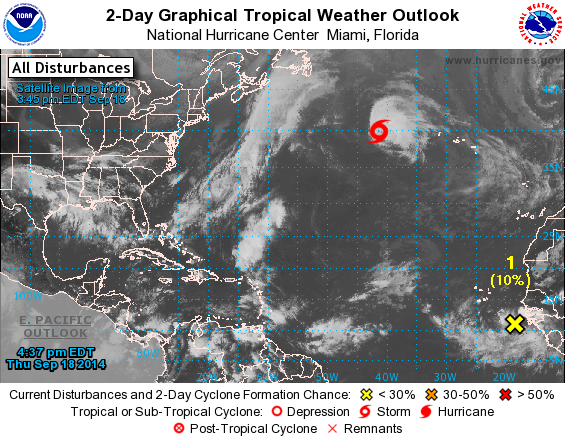
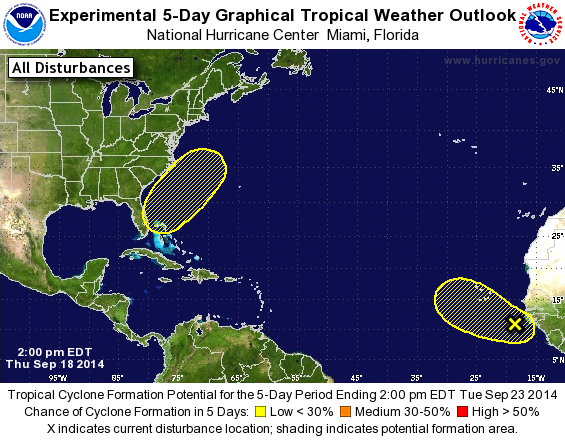
For the North Atlantic...Caribbean Sea and the Gulf of Mexico:

The National Hurricane Center is issuing advisories on Hurricane Edouard, located about 900 miles west of the western Azores.

1. A tropical wave, accompanied by a broad low pressure system, is located just off of the west coast of Africa. Although shower and thunderstorm activity remains disorganized, environmental conditions are expected to be at least marginally conducive for some gradual development of this system over the next several days while it moves slowly west-northwestward to northwestward over the far eastern tropical Atlantic.
* Formation chance through 48 hours...low...10 percent.
* Formation chance through 5 days...low...20 percent.

2. A broad area of low pressure could form off of the east coast of Florida over the weekend. This system will have some potential to acquire tropical or subtropical characteristics while it moves northeastward near or offshore of the southeastern coast of the United States.
* Formation chance through 48 hours...low...10 percent.
* Formation chance through 5 days...low...20 percent.

Forecaster Stewart